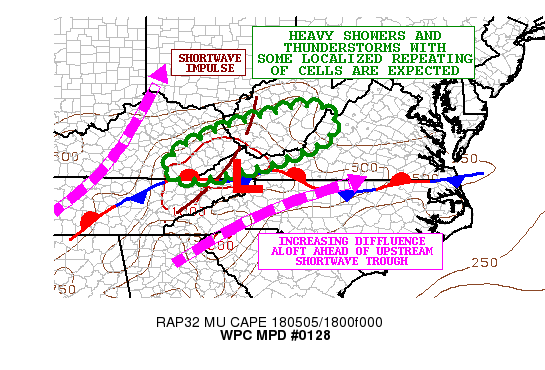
AREAS AFFECTED...EASTERN KY...SOUTHERN WV...SOUTHWEST VA

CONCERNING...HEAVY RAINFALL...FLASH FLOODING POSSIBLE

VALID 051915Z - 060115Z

SUMMARY...SHOWERS AND THUNDERSTORMS WILL INCREASE IN COVERAGE THIS
AFTERNOON. INTENSE RAINFALL RATES TO 1.5 INCHES/HR AND SOME
POSSIBLE REPEATING OF CELLS MAY RESULT IN SOME FLASH FLOOD
CONCERNS.

DISCUSSION...THE LATEST SURFACE ANALYSIS SHOWS A QUASI-STATIONARY
FRONT DRAPED FROM NEAR THE VA/NC BORDER BACK TO THE WEST ACROSS
THE TN VALLEY. THIS FRONT ALONG WITH A WEAK WAVE OF LOW PRESSURE
AND COUPLED WITH A WEAK SHORTWAVE IMPULSE ALOFT EMBEDDED WITHIN
INCREASINGLY DIFFLUENT SOUTHWEST FLOW SHOULD HELP FOCUS AT LEAST
BROKEN COVERAGE OF SHOWERS AND THUNDERSTORMS THROUGH THE AFTERNOON
AND EARLY EVENING ACROSS EASTERN KY...SOUTHERN WV AND SOUTHWEST
VA. AN ADDITIONAL FACILITATOR OF THE CONVECTION WILL BE AT LEAST A
MODEST POOL OF INSTABILITY...AND THE LATEST RAP ANALYSIS DOES
DEPICT MUCAPE VALUES OF 500 TO 1000+ J/KG ACROSS EASTERN
KY...SOUTHERN WV AND SOUTHWEST VA.

OVER THE LAST COUPLE OF HOURS...CONVECTION HAS BEEN DEVELOPING BUT
IS STILL NOT OVERLY ORGANIZED AT THIS POINT. HOWEVER...THE LATEST
HRRR/HRRRX GUIDANCE ALONG WITH THE 12Z ARW/ARW2/NMMB CAM SOLUTIONS
DO INDICATE A LIKELIHOOD FOR THE CONVECTION TO BECOME A BIT MORE
CONCENTRATED NEAR AND JUST NORTH OF THE FRONT AND ALSO OVER THE
HIGHER TERRAIN.

THIS WILL BE AIDED BY SOME ADDITIONAL INSTABILITY POOLING ALONG
THE FRONT AND WITH AID OF AN INCREASINGLY FAVORABLE UPPER JET
STRUCTURE OVER THE CENTRAL APPALACHIANS AHEAD OF A SOUTHERN STREAM
SHORTWAVE TROUGH EXITING THE LOWER/MID MS VALLEY AND APPROACHING
THE TN VALLEY. SOME INCREASE IN SOUTHEAST LOW LEVEL FLOW IS
EXPECTED TOO THROUGH THE AFTERNOON WHICH WILL FOSTER AT LEAST SOME
MODEST OROGRAPHIC SUPPORT OVER THE HIGHER TERRAIN OF ESPECIALLY
SOUTHEAST WV.

THE PWATS ACROSS THE REGION ARE ON THE ORDER OF 1.3 TO 1.4 INCHES
WHICH IS ABOUT 1.5 TO 2 STANDARD DEVIATIONS ABOVE NORMAL. EXPECT
THIS MOISTURE COUPLED WITH THE GRADUAL INCREASE IN INSTABILITY AND
LARGER SCALE ASCENT TO PROMOTE AN INCREASE IN RAINFALL RATES THIS
AFTERNOON THAT MAY REACH 1.5 INCHES/HR.

WHILE THE ANTECEDENT CONDITIONS ARE RATHER DRY...THESE RAINFALL
RATES COUPLED WITH THE POTENTIAL FOR REPEATING CELL ACTIVITY AND
THE PRESENCE OF HIGHER TERRAIN WHICH COULD HELP ENHANCE RUNOFF
WILL SET THE STAGE FOR AT LEAST A LOCALIZED FLASH FLOOD THREAT.

A SPECIAL EXCESSIVE RAINFALL OUTLOOK WILL BE ISSUED TO ALSO
REFLECT AN UPGRADE ACROSS THE THREAT AREA TO A SLIGHT RISK. PLEASE
CONSULT THE LATEST QPFERD FOR MORE DETAILS.